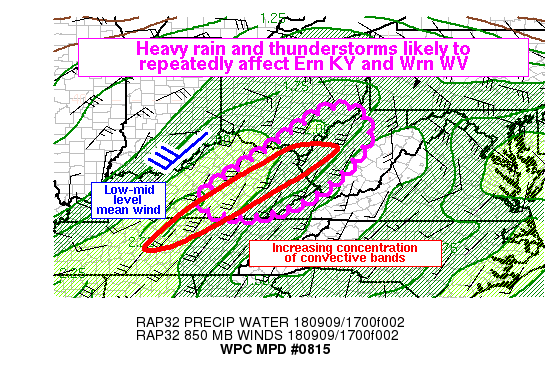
Areas affected...Easterm Kentucky, Far Southern Ohio, Western West
Virginia

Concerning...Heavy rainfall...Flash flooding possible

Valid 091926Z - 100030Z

Summary...Numerous thunderstorms and heavy rain bands were aligned
from near the Ohio-West Virginia border, southwest into central
Kentucky and Tennessee. This should set up repeating rounds of
heavy rain across much of eastern Kentucky and into West Virginia
this afternoon. Rain rates of 1-2 in/hr will be likely, and this
may lead to flash flooding in the complex terrain of the region.

Discussion...Regional radars showed a considerable amount of
convective activity stretching from near Charleston WV, southwest
along a surface cold front all the way to near Nashville TN and
beyond. Not every individual convective band was aligned with the
low-mid level mean wind, but collectively the ribbon of convection
was nearly parallel, and thus repeated rounds of heavy rain appear
likely from eastern Kentucky into West Virginia this afternoon.
The thunderstorms were increasing in coverage and intensity in a
corridor of moderate instability, with MLCAPE values around 1000
j/kg. This also overlapped with a plume of deep moisture, and
precipitable water values approaching 2 inches (per CIRA blended
TPW and GPS-PW observations). The highest PW values eastward
extent was limited by the Appalachian Mountains, as the column has
more limited depth due to the elevated terrain, but CIRA layer PW
product shows the plume of moisture above 700mb extends east to
nearly the WV-VA border region. The combination of deep moisture
and available instability should be sufficient to sustain ongoing
convection for at least another several hours. The 12Z HREF shows
a strong signal for heavy rainfall in western West Virginia, but
this may end up closer to the WV-KY border or perhaps into NE KY.
Stronger instability further south should support maintenance of
higher rain rates and there has been a slight northward bias to
the hi-res model QPF through much of this event. Nevertheless,
rain rates of 1-2 in/hr will be possible throughout the outlined
area, and this may lead to flash flooding in the complex terrain.